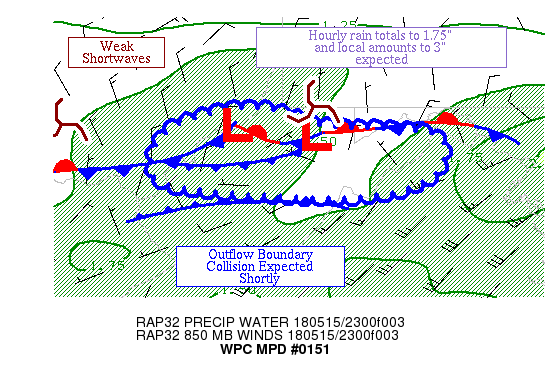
AREAS AFFECTED...NORTHERN WV & VICINITY

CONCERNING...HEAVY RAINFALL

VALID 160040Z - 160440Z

SUMMARY...THUNDERSTORMS ARE EXPECTED TO RAMP UP SHORTLY DUE TO AN
OUTFLOW BOUNDARY COLLISION.  HOURLY RAIN TOTALS TO 1.75" WITH
LOCAL AMOUNTS TO 3" ARE EXPECTED.

DISCUSSION...A PAIR OF FRONTAL WAVES NORTH OF FRANKFORT KY AND
OVER NORTHERN WV HAVE LED TO AN UPWARD TREND IN CONVECTION BETWEEN
FAR NORTHEAST KY AND NORTH-CENTRAL WV.  THERE APPEAR TO BE A
COUPLE WEAK SHORTWAVES HELPING OUT -- ONE MOVING ACROSS
NORTH-CENTRAL WV AND ANOTHER MOVING THROUGH SOUTHWEST OH.
PRECIPITABLE WATER VALUES OF ~1.4" LIE HERE PER GPS DATA.  THE
PITTSBURGH PA 00Z SOUNDING SHOWS DEEP MOISTURE WITH A WET BULB
ZERO HEIGHT ABOVE 10,000 FEET.  INFLOW AT 850 HPA IS
WEST-SOUTHWEST AT 15 KTS.  MU CAPE IS 500-1000 J/KG AND EFFECTIVE
BULK SHEAR IS 25-35 KTS, WHICH IS LEADING TO SOME ORGANIZATION TO
THE THUNDERSTORM ACTIVITY.

A COMBINATION OF WARM ADVECTION EAST OF THE KY WAVE AND A
SOON-TO-BE OUTFLOW BOUNDARY COLLISION ACROSS CENTRAL WV IS
EXPECTED TO CONTINUE THE CONVECTIVE UPTICK IN THE NEAR FUTURE,
WITH THE 18Z SSEO NEIGHBORHOOD PROBABILITIES OF EXCEEDING THE
THREE HOUR FLASH FLOOD GUIDANCE VALUES RISING ABOVE 50% BY 01Z AND
90% BY 03Z.  THE STATIONARY NATURE OF THE SURFACE/850 HPA SLICES
OF THE FRONTAL BOUNDARY IS OF CONCERN.  CELL MERGERS AND TRAINING
ARE EXPECTED TO BE THE MAIN DRIVERS OF HEAVY RAINFALL.  FLASH
FLOOD GUIDANCE VALUES ARE RATHER LOW DUE TO A COMBINATION OF
RECENT RAINS AND RUGGED TOPOGRAPHY.  THE MESOSCALE GUIDANCE HAS A
SCATTERED SIGNAL FOR LOCAL AMOUNTS IN THE 3" RANGE.  HOURLY RAIN
TOTALS TO 1.75" WITH LOCAL AMOUNTS TO 3" ARE EXPECTED OVER THE
NEXT FEW HOURS BEFORE INSTABILITY FADES.